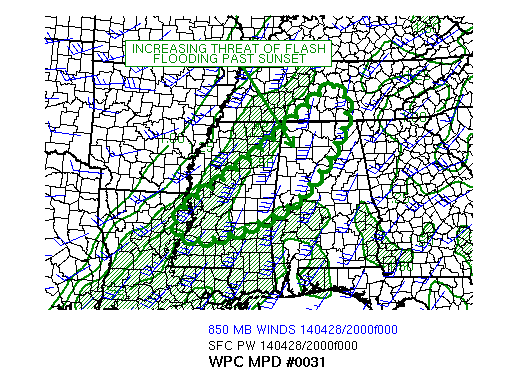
AREAS AFFECTED...W-CNTRL MS EXTENDING NEWD INTO SRN TN AND NWRN AL

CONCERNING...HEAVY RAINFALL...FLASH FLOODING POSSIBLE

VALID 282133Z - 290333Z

SUMMARY...THE FLASH FLOOD THREAT ACROSS CNTRL MS INTO NWRN AL AND
SRN TN WILL INCREASE THIS EVENING AS CONVECTION EXPANDS WITHIN A
SLOW MOVING AXIS OF DEEP MOISTURE. TRAINING CELLS ARE EXPECTED TO
CAUSE 2 TO 4 INCHES OF RAIN OVER A 3 HOUR PERIOD AFTER 00Z.

DISCUSSION...SATELLITE/RADAR TRENDS AS OF 21Z INDICATED A SW-NE
ORIENTED SWATH OF CONVECTION EXTENDING FROM CNTRL LA...NEWD INTO
NWRN AL / SRN TN PRODUCING RAINFALL RATES OF 1+ IN/HR WITHIN THE
HEAVIER CORES. THESE CONVECTIVE CELLS ARE OCCURRING WITHIN AN AXIS
OF MODERATE INSTABILITY AND PRECIPITABLE WATER VALUES RANGING
BETWEEN 1.25 AND 1.75 INCHES AHEAD OF A SLOW MOVING COLD FRONT
LOCATED JUST WEST OF THE MISSISSIPPI RIVER AT 21Z.

WHILE THE CONVECTIVE CELLS ARE LARGELY A SEVERE THREAT AT THE
MOMENT...FLASH FLOODING WILL BECOME AN INCREASING THREAT
THROUGHOUT THE REMAINDER OF THE EVENING INTO THE EARLY OVERNIGHT
HOURS AS CELLS CONTINUE TO MERGE AND DEEP MOISTURE NEAR THE GULF
COAST CONTINUES TO FEED INTO THE REGION VIA 850-700 MB FLOW OF
ROUGHLY 50 KTS PER LATEST RAP MODEL FORECAST. THE
ORIENTATION/MAGNITUDE OF THE CLOUD BEARING LAYER MEAN WIND AND LOW
LEVEL INFLOW FROM THE SOUTHWEST WILL BE LARGELY PARALLEL UNTIL THE
COLD FRONT APPROACHES FROM THE WEST...SHUNTING THE DEEPER MOISTURE
OFF TO THE EAST. THIS IS EXPECTED TO ALLOW TRAINING CONVECTION
THROUGH THE REMAINDER OF THE EVENING...APPROACHING CURRENT FLASH
FLOOD GUIDANCE VALUES OF 2-3 IN / 3HR. THIS ARGUMENT IS SUPPORTED
BY RECENT RUNS OF THE HRRR...HRW NMM/ARW...NSSL WRF...ALTHOUGH
THESE MODELS DIFFER ON THE EXACT PLACEMENT OF THE HEAVIEST
RAINFALL.